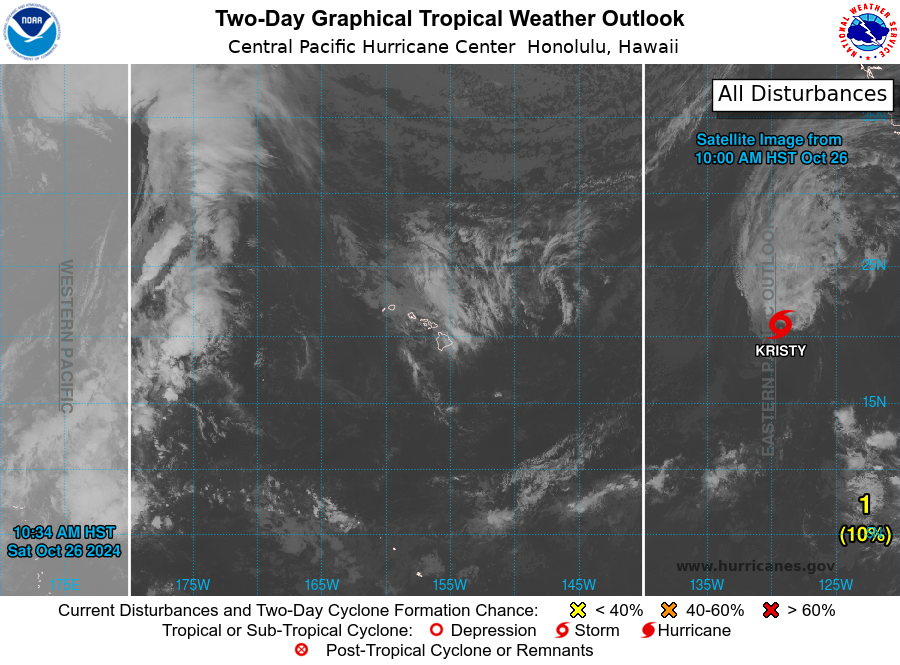
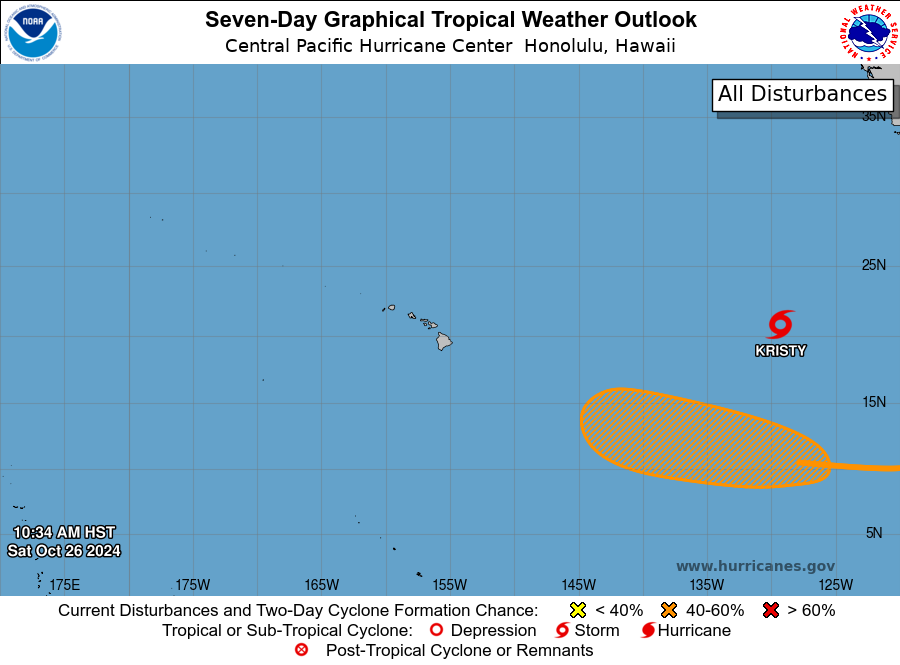
For the central North Pacific...between 140W and 180W:

1. About 2500 miles east-southeast of Hilo, Hawaii: A large area of disorganized showers and thunderstorms is currently located well to the southwest of the southwestern tip of the Baja California peninsula. Environmental conditions appear conducive for gradual development, and a tropical depression could form by the early to middle part of next week while the system moves westward or west-northwestward at about 15 mph. This system is expected to move into the central Pacific basin on Wednesday or Thursday.
* Formation chance through 48 hours...low...10 percent.
* Formation chance through 7 days...medium...60 percent.

Forecaster Kino